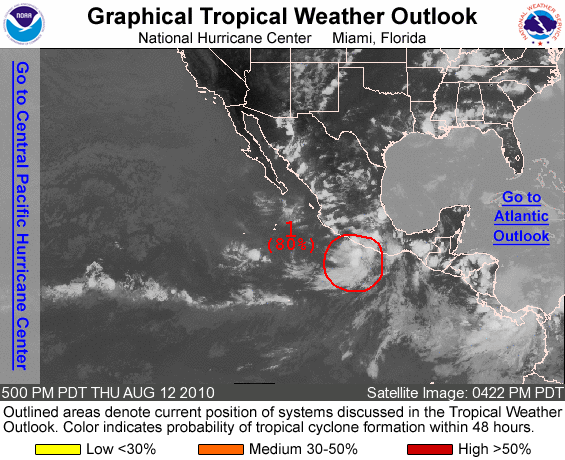
FOR THE EASTERN NORTH PACIFIC...EAST OF 140 DEGREES WEST LONGITUDE..

1. SHOWER AND THUNDERSTORM ACTIVITY HAS BECOME MORE CONCENTRATED IN ASSOCIATION WITH AN AREA OF DISTURBED WEATHER LOCATED ABOUT 75 MILES SOUTH-SOUTHWEST OF ACAPULCO MEXICO. CONDITIONS APPEAR FAVORABLE FOR FURTHER DEVELOPMENT...AND THERE IS A HIGH CHANCE...80 PERCENT...OF THIS SYSTEM BECOMING A TROPICAL CYCLONE DURING THE NEXT 48 HOURS AS IT MOVES SLOWLY NORTHWESTWARD. INTERESTS ALONG THE SOUTHERN COAST OF MEXICO SHOULD MONITOR THE PROGRESS OF THIS SYSTEM...AS TROPICAL STORM WATCHES OR WARNINGS MAY BE REQUIRED LATER TONIGHT OR TOMORROW. REGARDLESS OF DEVELOPMENT...THIS SYSTEM COULD BRING LOCALLY HEAVY RAINS TO PORTIONS OF THE SOUTHERN COAST OF MEXICO.

ELSEWHERE...TROPICAL CYCLONE FORMATION IS NOT EXPECTED DURING THE NEXT 48 HOURS.

FORECASTER BRENNAN/ROBERTS